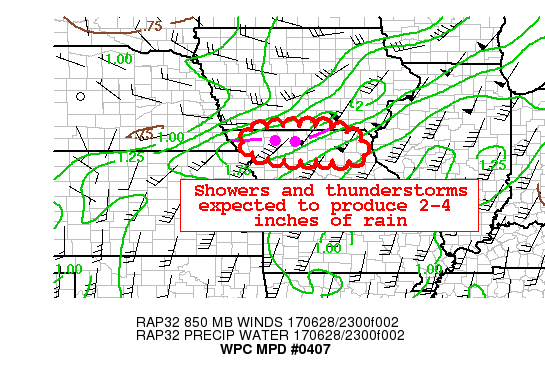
AREAS AFFECTED......NORTHERN MO...

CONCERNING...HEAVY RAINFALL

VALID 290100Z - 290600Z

SUMMARY...A CLUSTER OF SHOWERS AND THUNDERSTORMS ACROSS SOUTHERN
IA AND NORTHERN MO ARE EXPECTED TO PERSIST THROUGH THIS EVENING. 2
TO 4 INCHES OF RAIN IS EXPECTED WITH ISOLATED HIGHER TOTALS
LIKELY.

DISCUSSION...A BAND OF SHOWERS/STORMS HAVE FORMED NEAR THE NOSE OF
AN 850 MB LOW LEVEL JET OF 40-50 KT.  THE ACTIVITY IS EXPECTED TO
CONTINUE MOVING EAST ACROSS SOUTHERN IA AND NORTHERN MO IN TANDEM
WITH THE LOW LEVEL JET AND POOL OF HIGHER SURFACE DEWPOINTS IN THE
UPPER 60S TO LOWER 70S F.  THE 23Z RAP INITIALIZED AVAILABLE
PRECIPITABLE WATER NEAR 1.8-1.9 INCHES AND FORECASTS OCCASIONAL
MAXIMA TO 2 INCHES.

THE HIGH AVAILABLE MOISTURE...CONTINUING INFLOW...AND MIXED LAYER
CAPES IN NORTHERN MO TO 3000 J/KG FAVOR REDEVELOPMENT OF
SHOWERS/STORM ALONG THE OUTFLOW BOUNDARY.

PRECIPITABLE WATER VALUES ARE 1.75-2.0" IN THE 23Z RAP ANALYSIS.

EXPECTATIONS ARE FOR THE CONVECTION TO CONTINUE PROPAGATING
STEADILY EAST NEAR 20 KT WITH OCCASIONAL TRAINING OF BANDS
PROVIDING REPEAT ACTIVITY.  AREAS OF PROLONGED HEAVIER RAIN RATES
WILL LEAD TO LOCALIZED FLOODING OF LOW LYING AND POORLY DRAINED
AREAS.

THE 20-22Z HIGH RES RAPID REFRESH RUNS HAVE BEEN INDICATING 2 TO 4
INCHES OF RAIN...AS WELL AS THE 12Z HIGH RES WRF NMMB.
HOURLY RAIN RATES TO 2" AND LOCAL AMOUNTS TO 4" ARE POSSIBLE IN
SOUTHERN IA AND NORTHERN MO.